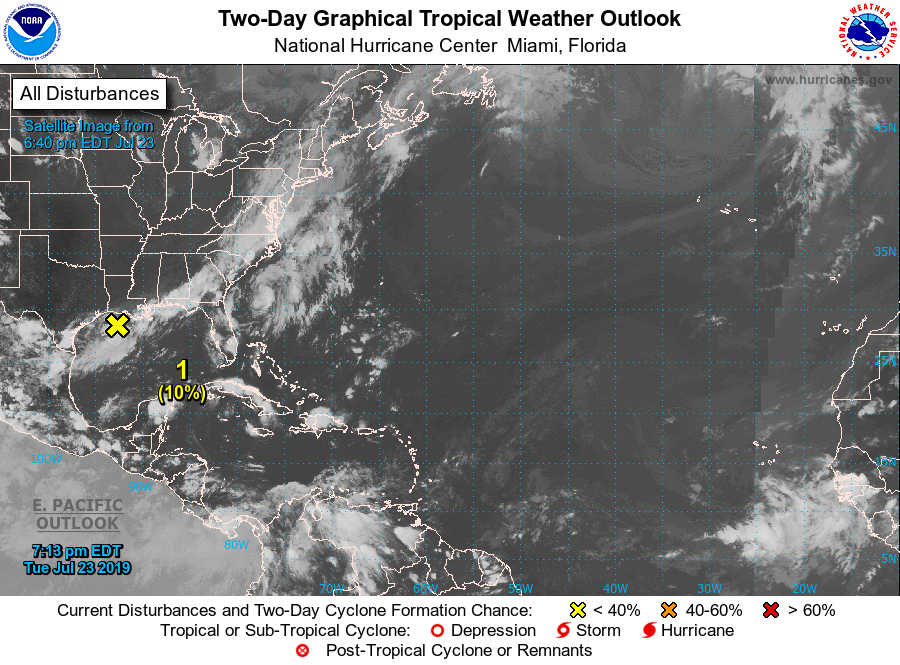
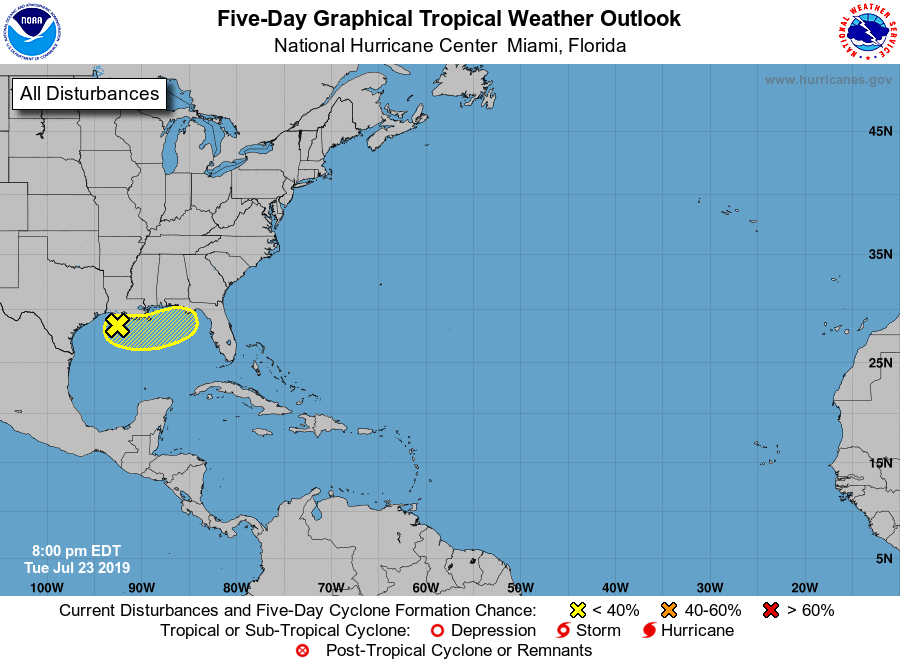
For the North Atlantic...Caribbean Sea and the Gulf of Mexico:

1. Disorganized cloudiness and showers located over the northwestern Gulf of Mexico are associated with a frontal boundary. A non-tropical low could form along this boundary late Wednesday or Thursday, and environmental conditions could support some subtropical or tropical development late this week while the disturbance meanders near the northern Gulf Coast.
* Formation chance through 48 hours...low...10 percent.
* Formation chance through 5 days...low...20 percent.

Forecaster Cangialosi